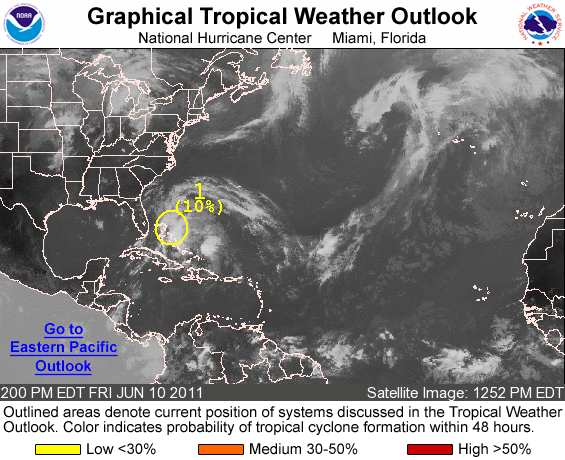
FOR THE NORTH ATLANTIC...CARIBBEAN SEA AND THE GULF OF MEXICO...

1. AN ELONGATED TROUGH OF LOW PRESSURE IS PRODUCING A LARGE AREA OF CLOUDINESS AND THUNDERSTORMS PRIMARILY OVER THE NORTHWESTERN AND CENTRAL BAHAMAS AND THE ADJACENT ATLANTIC. SURFACE OBSERVATIONS INDICATE THAT THE AREA OF LOWEST PRESSURE IS LOCATED OVER THE NORTHWESTERN BAHAMAS MOVING NORTHWARD OR NORTH-NORTHEASTWARD. UPPER LEVEL WINDS ARE NOT FAVORABLE FOR DEVELOPMENT AND THERE IS A LOW CHANCE...10 PERCENT...OF THIS SYSTEM BECOMING A TROPICAL OR SUBTROPICAL CYCLONE DURING THE NEXT 48 HOURS.

ELSEWHERE...TROPICAL CYCLONE FORMATION IS NOT EXPECTED DURING THE NEXT 48 HOURS.

FORECASTER AVILA